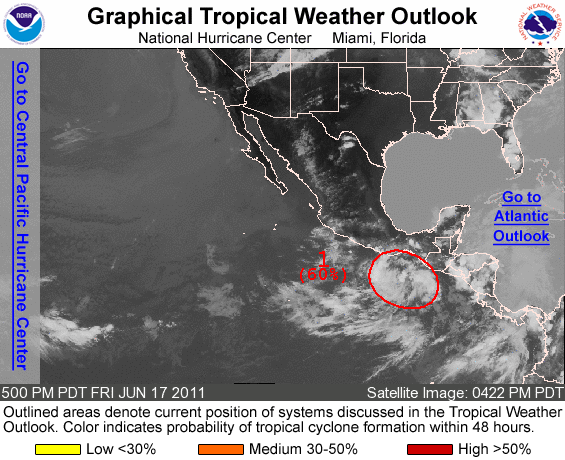
FOR THE EASTERN NORTH PACIFIC...EAST OF 140 DEGREES WEST LONGITUDE..

1. SHOWER AND THUNDERSTORM ACTIVITY ASSOCIATED WITH A BROAD LOW PRESSURE SYSTEM CENTERED SEVERAL HUNDRED MILES SOUTH OF THE GULF OF TEHUANTEPEC HAS CONTINUED TO BECOME A LITTLE BETTER ORGANIZED DURING THE PAST SEVERAL HOURS. ENVIRONMENTAL CONDITIONS APPEAR CONDUCIVE FOR ADDITIONAL DEVELOPMENT...AND A TROPICAL DEPRESSION COULD FORM OVER THE NEXT DAY OR TWO. THERE IS A HIGH CHANCE...60 PERCENT...OF THIS SYSTEM BECOMING A TROPICAL CYCLONE DURING THE NEXT 48 HOURS AS IT MOVES WEST TO WEST-NORTHWESTWARD NEAR 10 MPH. REGARDLESS OF FURTHER DEVELOPMENT...SHOWERS AND THUNDERSTORMS COULD AFFECT PORTIONS OF THE COAST OF SOUTHEASTERN MEXICO THROUGH SUNDAY.

ELSEWHERE...TROPICAL CYCLONE FORMATION IS NOT EXPECTED DURING THE NEXT 48 HOURS.

FORECASTER BERG